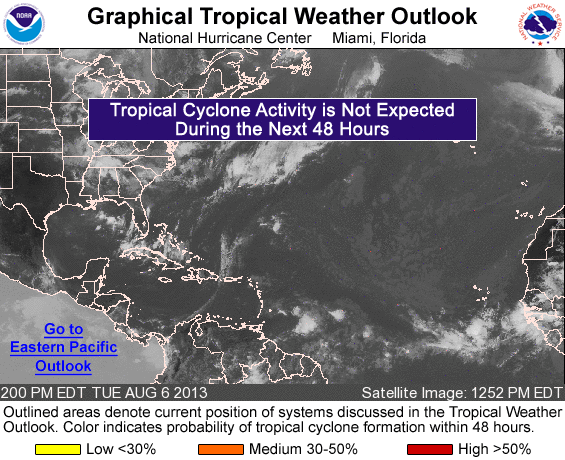
FOR THE NORTH ATLANTIC...CARIBBEAN SEA AND THE GULF OF MEXICO...

TROPICAL CYCLONE FORMATION IS NOT EXPECTED DURING THE NEXT FIVE DAYS.

&&
FIVE-DAY FORMATION PROBABILITIES ARE EXPERIMENTAL INTO 2013. COMMENTS ON THE EXPERIMENTAL FORECASTS CAN BE PROVIDED AT...

HTTP://WWW.NWS.NOAA.GOV/SURVEY/NWS-SURVEY.PHP?CODE=ETWO

FORECASTER HURLEY